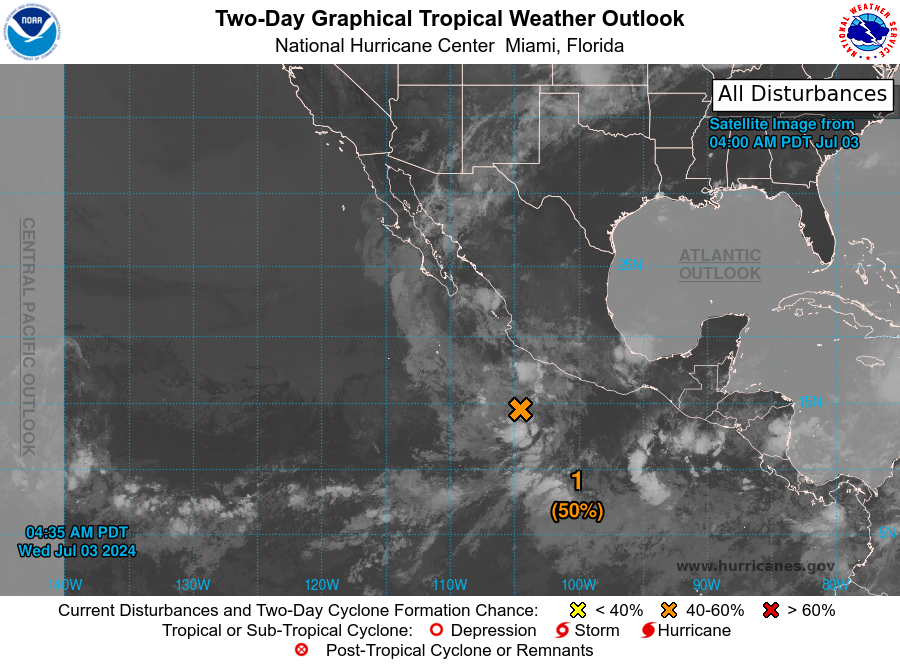
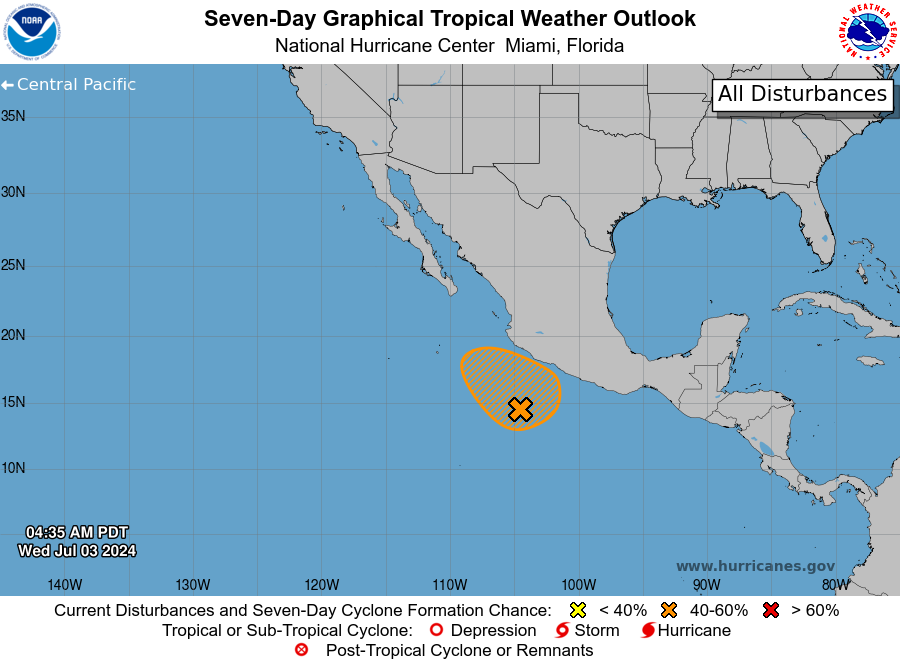
For the eastern North Pacific...east of 140 degrees west longitude:

1. Offshore of Southern Mexico (EP91): Disorganized showers and thunderstorms located a few hundred miles offshore of the coast of southern Mexico are associated with a broad area of low pressure. Environmental conditions are conducive for further development of this system, and a short-lived tropical depression could form within the next day or so while it moves northward to northwestward at 10 to 15 mph, remaining offshore of the southwestern coast of Mexico. This system is forecast to move over cooler waters on Friday, and thereafter further development is not expected.
* Formation chance through 48 hours...medium....50 percent.
* Formation chance through 7 days...medium...50 percent.

Forecaster Reinhart